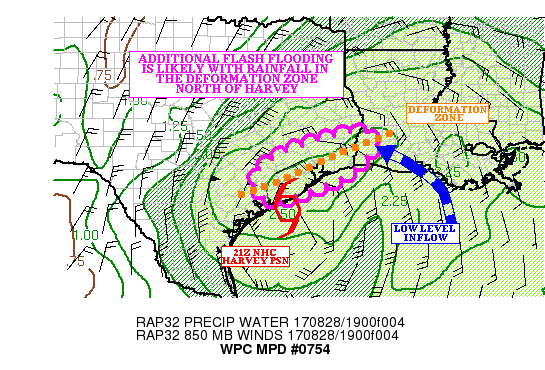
AREAS AFFECTED...UPPER TX COAST

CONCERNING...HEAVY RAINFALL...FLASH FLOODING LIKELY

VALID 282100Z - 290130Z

SUMMARY...ADDITIONAL RAINFALL AMOUNTS OF 3.00 TO 6.00 INCHES OVER
PORTIONS OF THE UPPER TX COAST WILL EXACERBATE ONGOING FLOODING
CONCERNS INTO THE EVENING HOURS.

DISCUSSION...THE GOES-16 CLEAN IR LOOP SHOWED COOLING TOPS NORTH
OF THE CENTER OF HARVEY...IN THE AXIS OF BEST MID LEVEL
DEFORMATION. WHILE THE RADAR PRESENTATION IS NOT AS DISTINCT WITH
THE CONVECTION OCCURRING ALONG THE DEFORMATION ZONE...2.50 INCH
PRECIPITABLE WATER AIR IN THE COLUMN SUGGESTS THAT WARM RAIN
PROCESSES ARE DOMINANT.

HOURLY RAINFALL RATES ARE GENERALLY NEAR AN INCH WITH THE LOWER
TOPPED CONVECTION (BASED ON THE HGX RADAR)...THOUGH LOCALLY HIGHER
AMOUNTS ARE POSSIBLE WHERE THE INSTABILITY BECOMES MORE SURFACE
BASED. THIS IS MOST LIKELY OVER JEFFERSON COUNTY TX...WHERE HOURLY
RAINFALL RATES COULD PEAK NEAR 2.00 INCHES.

THE DEFORMATION ZONE IS EXPECTED TO DROP SLOWLY SOUTH DURING INTO
THE EVENING HOURS. EVEN RELATIVELY MODEST HOURLY RAINFALL RATES
NEAR AN INCH OR SO COULD RESULT IN AN 3.00 TO 6.00 INCHES OF
ADDITIONAL RAINFALL THROUGH 01Z...WITH THE HIGHEST AMOUNTS
POSSIBLY AFFECTING THE NORTHERN HOUSTON METRO AREA. THESE AMOUNTS
ARE SUPPORTED BY THE MOST RECENT HRRR...AS WELL AS THE 12Z WRF
ARW.

THE ADDITIONAL RAINFALL WILL EXACERBATE ONGOING FLOODING...OR
PRODUCE NEW FLOODING OVER SATURATED SOILS INTO THE EVENING HOURS.